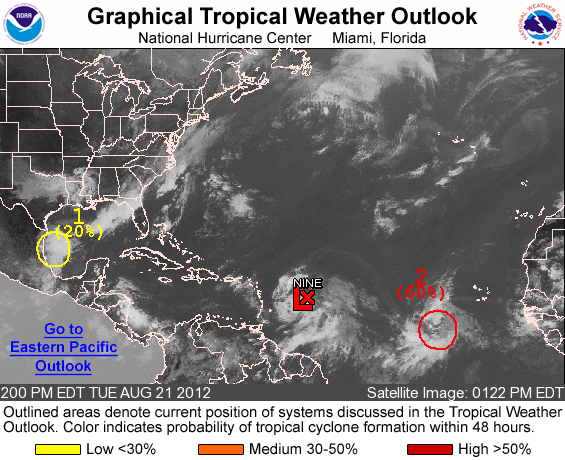
FOR THE NORTH ATLANTIC...CARIBBEAN SEA AND THE GULF OF MEXICO...

THE NATIONAL HURRICANE CENTER IS ISSUING ADVISORIES ON TROPICAL DEPRESSION NINE LOCATED ABOUT 550 MILES EAST OF GUADELOUPE IN THE LESSER ANTILLES.

1. SHOWERS AND THUNDERSTORMS ASSOCIATED WITH A WEAK AREA OF LOW PRESSURE ARE LOCATED NEAR THE NORTHEASTERN COAST OF MEXICO. THE CENTER OF THE ELONGATED CIRCULATION HAS MOVED CLOSER TO LAND TODAY...AND DEVELOPMENT OF THIS DISTURBANCE IS BECOMING LESS LIKELY. THIS SYSTEM HAS A LOW CHANCE...20 PERCENT...OF BECOMING A TROPICAL CYCLONE DURING THE NEXT 48 HOURS AS IT MOVES SLOWLY WESTWARD OR SOUTHWESTWARD.

2. A LOW PRESSURE SYSTEM ASSOCIATED WITH A TROPICAL WAVE...LOCATED ABOUT 550 MILES SOUTHWEST OF THE CAPE VERDE ISLANDS. ALTHOUGH SHOWER ACTIVITY IS CURRENTLY NOT WELL ORGANIZED...ENVIRONMENTAL CONDITIONS APPEAR CONDUCIVE FOR DEVELOPMENT...AND A TROPICAL DEPRESSION COULD FORM DURING THE NEXT DAY OR TWO. THIS SYSTEM HAS A HIGH CHANCE...60 PERCENT...OF BECOMING A TROPICAL CYCLONE DURING THE NEXT 48 HOURS AS IT MOVES WESTWARD AT ABOUT 15 MPH.

ELSEWHERE...TROPICAL CYCLONE FORMATION IS NOT EXPECTED DURING THE NEXT 48 HOURS.

&&
PUBLIC ADVISORIES ON TROPICAL DEPRESSION NINE ARE ISSUED UNDER WMO HEADER WTNT34 KNHC AND UNDER AWIPS HEADER MIATCPAT4. FORECAST/ADVISORIES ON TROPICAL DEPRESSION NINE ARE ISSUED UNDER WMO HEADER WTNT24 KNHC AND UNDER AWIPS HEADER MIATCMAT4.

FORECASTER KIMBERLAIN/ZELINSKY